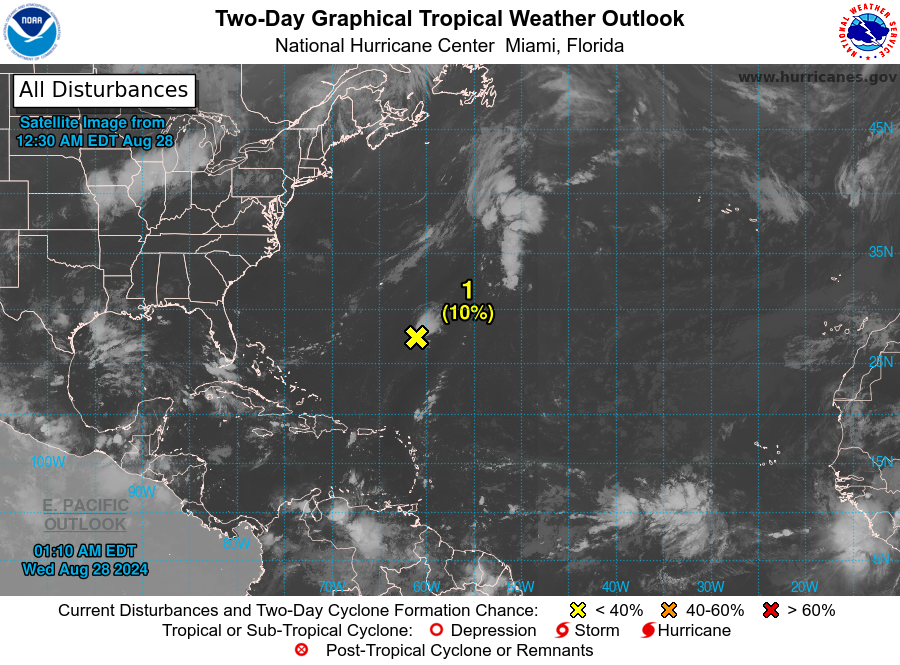
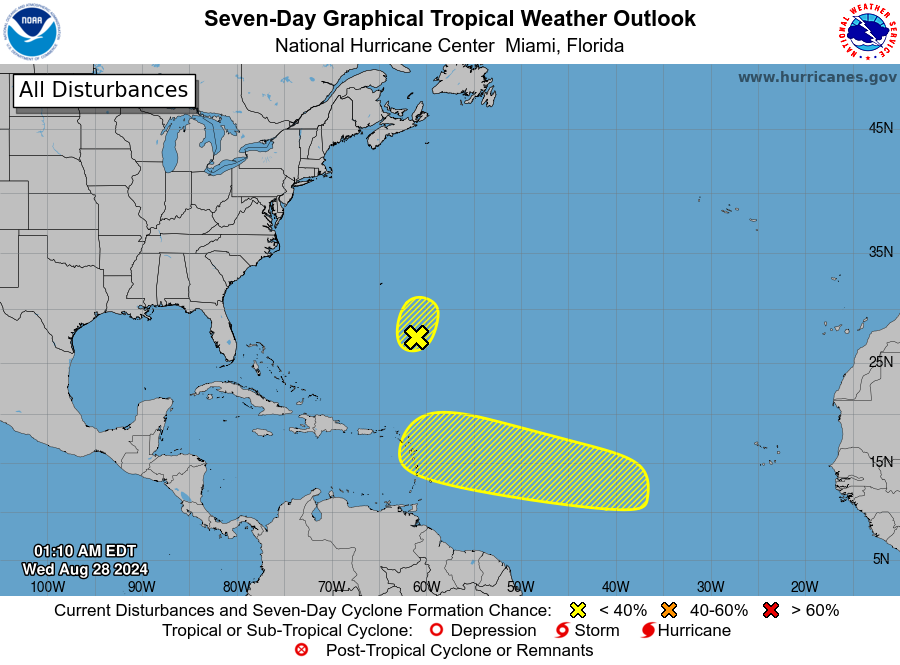
For the North Atlantic...Caribbean Sea and the Gulf of Mexico:

1. Western Atlantic: An area of low pressure a few hundred miles southeast of Bermuda is producing disorganized showers and thunderstorms. Environmental conditions appear unfavorable for additional development of this system. By Thursday, upper-level winds are forecast to strengthen over the system, and further development is not expected as the system moves north-northeastward around 10 mph.
* Formation chance through 48 hours...low...10 percent.
* Formation chance through 7 days...low...10 percent.

2. Central Tropical Atlantic: An area of low pressure could form in the central portion of the Tropical Atlantic in a few days. Thereafter, environmental conditions appear generally favorable for some slow development of this system this weekend into early next week as it moves westward to west-northwestward at 10 to 15 mph.
* Formation chance through 48 hours...low...near 0 percent.
* Formation chance through 7 days...low...20 percent.

Forecaster Kelly